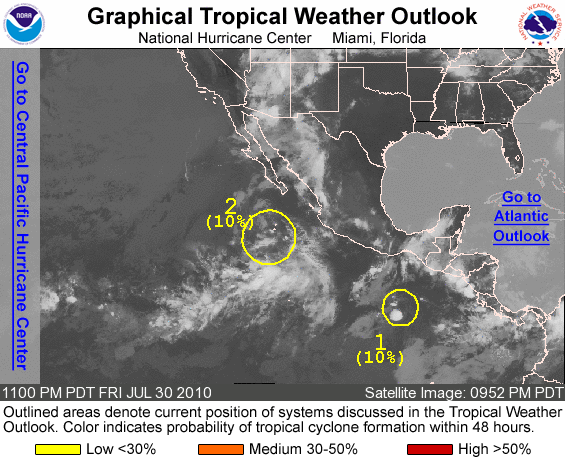
FOR THE EASTERN NORTH PACIFIC...EAST OF 140 DEGREES WEST LONGITUDE..

1. SHOWERS AND THUNDERSTORMS ARE LIMITED IN ASSOCIATION WITH A LOW PRESSURE SYSTEM LOCATED ABOUT 500 MILES SOUTH OF THE GULF OF TEHUANTEPEC. ANY DEVELOPMENT OF THIS SYSTEM SHOULD BE SLOW TO OCCUR AS IT MOVES WESTWARD OR WEST-NORTHWESTWARD AT AROUND 10 MPH. THERE IS A LOW CHANCE...10 PERCENT...OF THIS SYSTEM BECOMING A TROPICAL CYCLONE DURING THE NEXT 48 HOURS.

2. A DISTURBANCE LOCATED A FEW HUNDRED MILES SOUTH-SOUTHWEST OF THE SOUTHERN TIP OF BAJA CALIFORNIA IS PRODUCING MINIMAL SHOWER AND THUNDERSTORM ACTIVITY. THERE IS A LOW CHANCE...10 PERCENT...OF THIS SYSTEM BECOMING A TROPICAL CYCLONE DURING THE NEXT 48 HOURS AS IT MOVES WESTWARD OR WEST-NORTHWESTWARD INTO AN AREA OF COOLER WATERS.

ELSEWHERE...TROPICAL CYCLONE FORMATION IS NOT EXPECTED DURING THE NEXT 48 HOURS.

FORECASTER CANGIALOSI